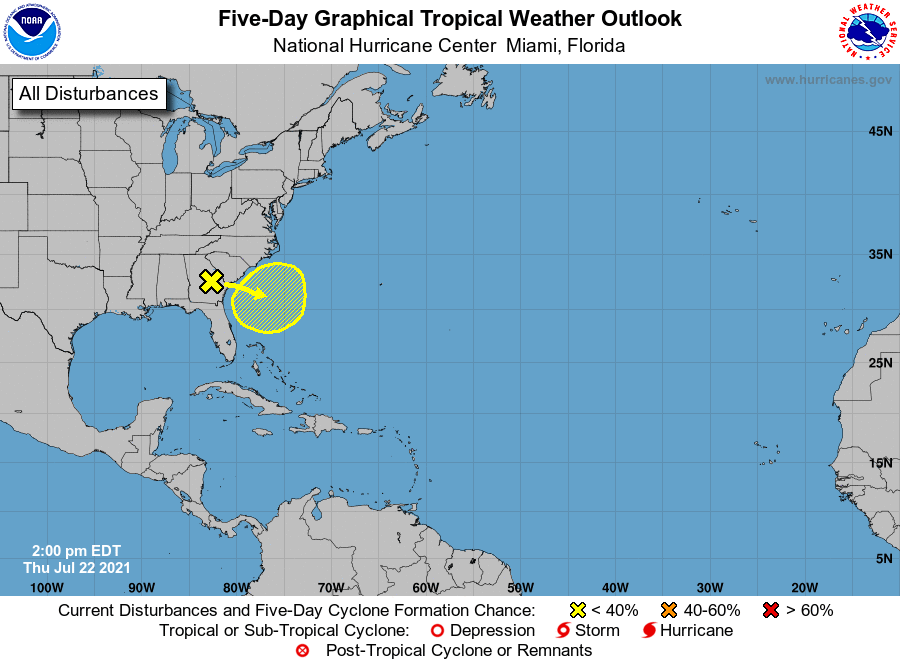
For the North Atlantic...Caribbean Sea and the Gulf of Mexico:

1. A broad trough of low pressure located over southeast Georgia is expected to move off of the southeastern United States coastline later this evening. Environmental conditions are forecast to be marginally conducive for some gradual development over the weekend and into early next week while the system drifts slowly offshore of the southeastern United States.
* Formation chance through 48 hours...low...10 percent.
* Formation chance through 5 days...low...30 percent.

Forecaster Papin/Beven